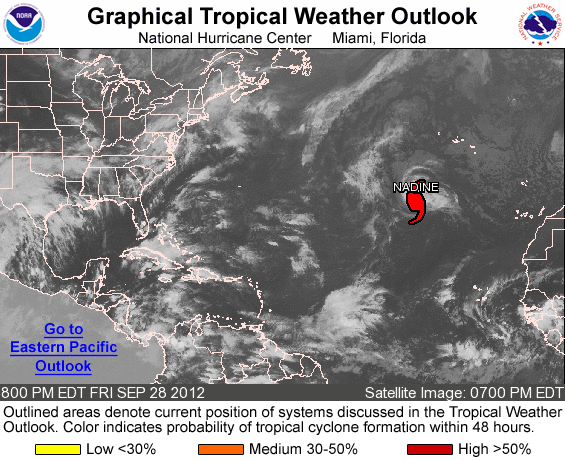
FOR THE NORTH ATLANTIC...CARIBBEAN SEA AND THE GULF OF MEXICO...

THE NATIONAL HURRICANE CENTER IS ISSUING ADVISORIES ON HURRICANE NADINE...LOCATED ABOUT 710 MILES SOUTHWEST OF THE AZORES.

ELSEWHERE...TROPICAL CYCLONE FORMATION IS NOT EXPECTED DURING THE NEXT 48 HOURS.

FORECASTER AVILA